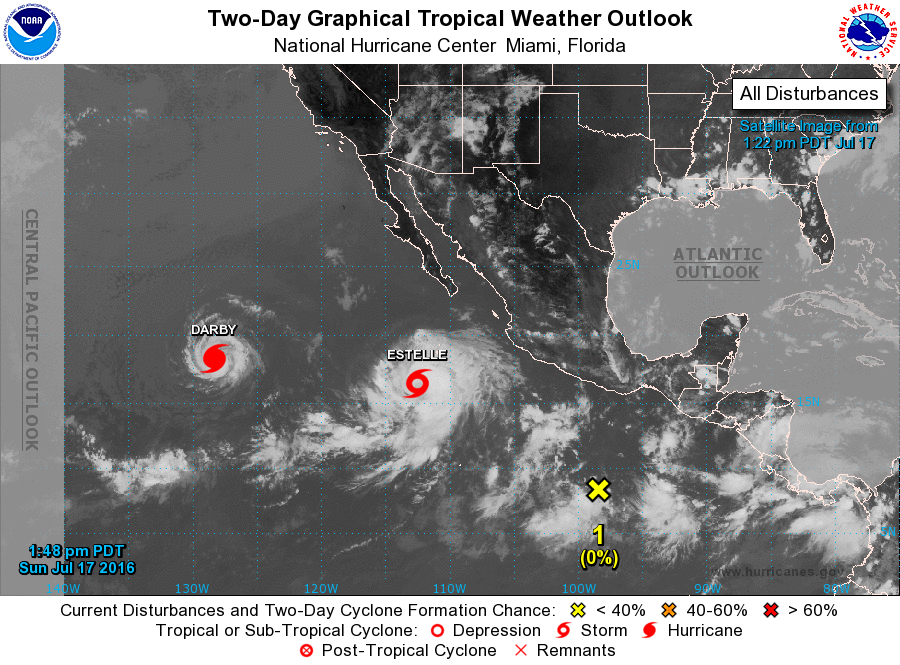
For the eastern North Pacific...east of 140 degrees west longitude:

The National Hurricane Center is issuing advisories on Hurricane Darby, located almost 1200 miles west-southwest of the southern tip of the Baja California peninsula, and on Tropical Storm Estelle, located nearly 500 miles south-southwest of the southern tip of the Baja California peninsula.

1. A trough of low pressure located several hundred miles south of Acapulco, Mexico, is producing disorganized showers and a few thunderstorms. Some slow development of this system is possible later this week while it moves westward at about 10 mph.
* Formation chance through 48 hours...low...near 0 percent
* Formation chance through 5 days...low...20 percent

2. An area of low pressure is expected to form well south of the Gulf of Tehuantepec in a few days. Some gradual development of this system is possible by the middle of the week while it moves west-northwestward at about 10 mph.
* Formation chance through 48 hours...low...near 0 percent
* Formation chance through 5 days...low...30 percent

Forecaster Berg